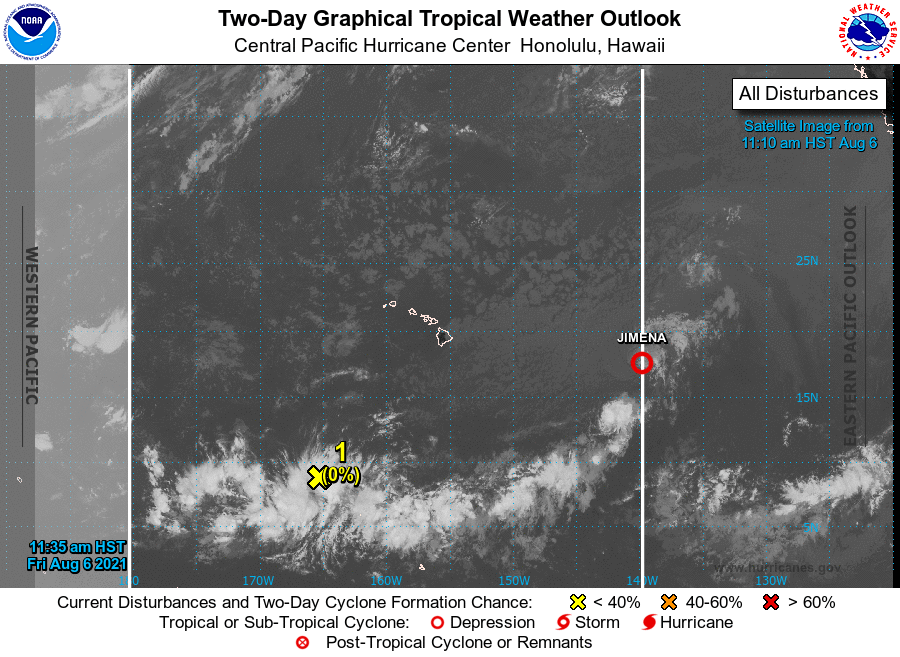
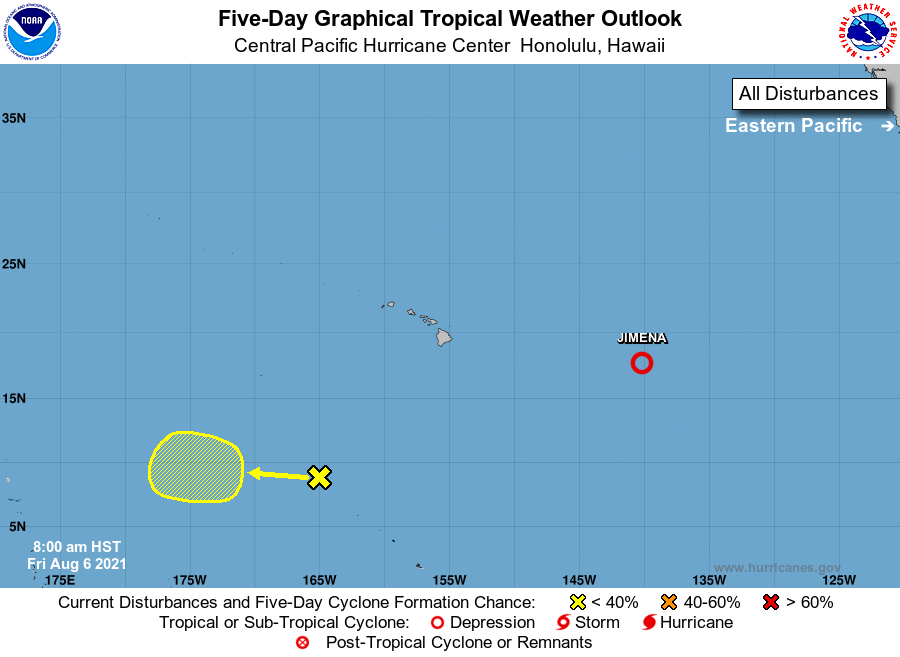
For the central North Pacific...between 140W and 180W:

The National Hurricane Center in Miami, Florida is issuing advisories on Tropical Storm Jimena, which is currently approximately 1100 miles east of Hilo, Hawaii. Jimena is forecast to move into the Central Pacific Hurricane Center's area of responsibility this afternoon. Environmental conditions are forecast to become increasingly hostile as this system moves into the central Pacific basin.

1. An area of disturbed weather located about 1000 miles south to southwest of Honolulu, Hawaii is producing a large area of disorganized showers and thunderstorms. Environmental conditions are marginally conducive for some slow development of this system during the next several days as it moves west to west-northwest at around 10 mph.
* Formation chance through 48 hours...low...near 0 percent.
* Formation chance through 5 days...low...20 percent.

Elsewhere, no tropical cyclones are expected during the next 5 days.

Public advisories on Tropical Storm Jimena are issued under WMO header WTPZ34 KNHC and AWIPS header MIATCPEP4. Forecast advisories on Tropical Storm Jimena are issued under WMO header WTPZ24 KNHC and AWIPS header MIATCMEP4.

Forecaster Blood